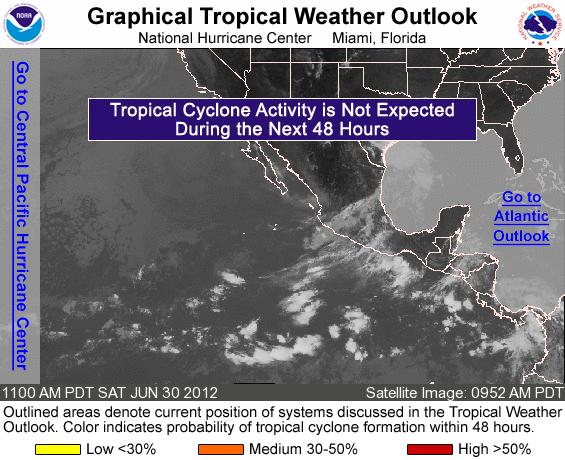
FOR THE EASTERN NORTH PACIFIC...EAST OF 140 DEGREES WEST LONGITUDE..

TROPICAL CYCLONE FORMATION IS NOT EXPECTED DURING THE NEXT 48 HOURS.

FORECASTER BERG